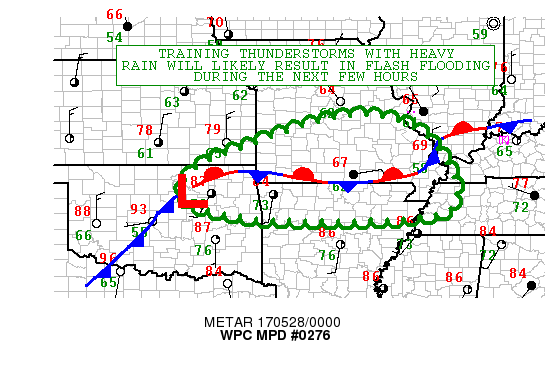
AREAS AFFECTED...NORTHEAST OK...SOUTHERN MO...NORTHERN AR

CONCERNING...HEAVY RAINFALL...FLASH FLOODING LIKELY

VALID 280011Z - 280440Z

SUMMARY...STRONG THUNDERSTORMS EXTENDING FROM NORTHEAST OK ACROSS
SOUTHERN MO WILL LIKELY PRODUCE FLASH FLOODING DURING THE NEXT
SEVERAL HOURS.

DISCUSSION...THUNDERSTORMS DEVELOPING IN NORTHEAST OK AND
EXTENDING EAST ACROSS SOUTHERN MO ARE PRODUCING HOURLY RAIN RATES
OF 1-2"...AND RADAR SHOWS LOCAL ACCUMULATIONS ALREADY EXCEEDING
3". THE STORMS ARE DEVELOPING AND MOVING ALONG A WEAK FRONTAL
BOUNDARY ACROSS THE THREAT AREA.

SURFACE DEW POINTS ALONG AND SOUTH OF THE BOUNDARY ARE GENERALLY
70 DEGREES F OR HIGHER...WITH PRECIPITABLE WATER VALUES IN THE
RANGE 1.5-1.8". SPC MESOANALYSES SHOW THAT MUCAPE RANGES MAINLY
FROM 3500-5000 J/KG...ALTHOUGH MUCAPES ARE LOCALLY NEAR 6000 J/KG
IN NORTHEAST OK WHERE STORMS ARE CONTINUING TO FORM. THE
BACKBUILDING OF THE LINE OF CONVECTION INTO NORTHEAST OK...AND THE
EASTWARD MOVEMENT OF CELLS ALONG THE BOUNDARY MEANS THAT
SIGNIFICANT TRAINING IS POSSIBLE. IT IS ALSO POSSIBLE THAT STORM
DEVELOPMENT WILL SHIFT SLIGHTLY SOUTHWARD INTO NORTHERN AR DURING
THE NEXT FEW HOURS...AS STORMS MOVE INTO THE MOISTER AND MORE
UNSTABLE AIR.

AN ADDITIONAL 2-3" OF RAIN LOOKS LIKELY ACROSS MUCH OF THE
AREA...AND LOCAL TOTALS OF 4" ARE POSSIBLE. THE LAST SEVERAL RUNS
OF THE HRRR SUPPORT THE IDEA OF LOCAL RAINFALL TOTALS OF 4".

ADDITIONAL FLASH FLOODING IS LIKELY.